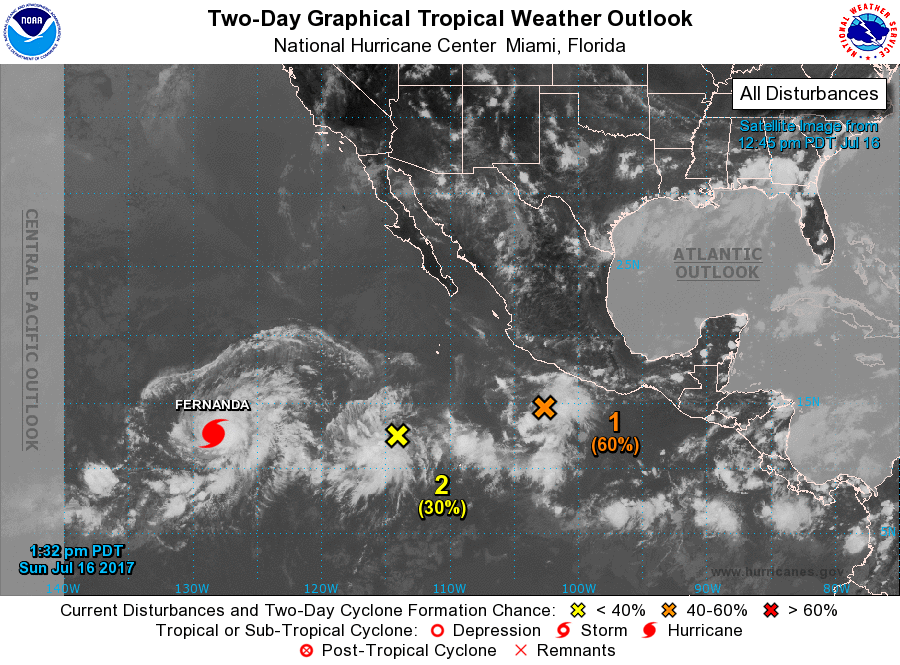
For the eastern North Pacific...east of 140 degrees west longitude:

The National Hurricane Center is issuing advisories on Hurricane Fernanda, located well to the west-southwest of the southern tip of the Baja California peninsula.

1. Satellite images indicate that the low pressure area located about 200 miles south-southwest of Manzanillo, Mexico, has become a little better defined today. In addition, the associated showers and thunderstorms are showing some signs of organization. Although upper-level winds are not particularly conducive for additional development, this system is still likely to become a tropical depression during the next couple of days while it moves slowly west-northwestward.
* Formation chance through 48 hours...medium...60 percent.
* Formation chance through 5 days...high...70 percent.

2. Showers and thunderstorms have become a little better organized during the past several hours in association with a broad area of low pressure located about 850 miles south-southwest of the southern tip of the Baja peninsula. Some slow development of this system is possible during the next couple of days before upper-level winds become unfavorable for development. This system is expected to move slowly westward or west-northwestward during the next few days.
* Formation chance through 48 hours...low...30 percent.
* Formation chance through 5 days...low...30 percent.

Forecaster Cangialosi